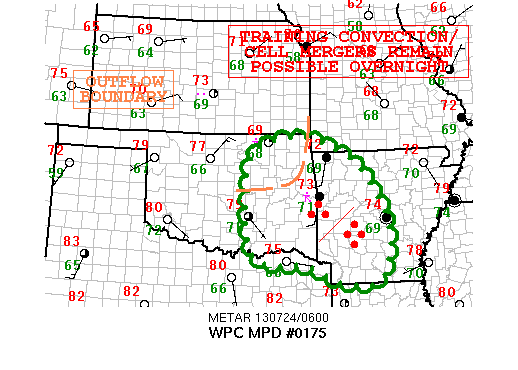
AREAS AFFECTED...EASTERN OK/WESTERN AR...

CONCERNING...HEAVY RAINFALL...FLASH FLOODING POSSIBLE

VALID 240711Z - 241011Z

SUMMARY...TRAINING CELLS/BACKBUILDING CONVECTION REMAIN POSSIBLE
ACROSS SECTIONS OF EASTERN OK/WESTERN AR DURING THE NEXT COUPLE OF
HOURS.

DISCUSSION...OVER THE COURSE OF THE LAST FEW HOURS...THE ONCE
SEPARATE REGIONS OF CONVECTION HAVE CONSOLIDATED INTO A COMPLEX OF
MODERATE TO HEAVY THUNDERSTORMS. THE MCS WHICH HAD BEEN OVER
CENTRAL KS HAS MERGED WITH THE QUASI-STATIONARY PRECIPITATION
ACROSS AR. WHILE THE MCS HAS AIDED IN DOWNSTREAM PROPAGATION OF
THE RAINFALL...THERE ARE STILL MANY ASPECTS OF MERGING CELLS NOTED
ON THE RADAR. CONCERN REMAINS IN SUCH PROCESSES CONTINUING AS
CLOUD TOPS HAVE SHOWN NO SIGNS OF WARMING JUST YET. WHILE
CONVECTIVE INHIBITION HAS BECOME PREVALENT DURING THE OVERNIGHT
COOLING PROCESSES...ENOUGH MUCAPE HAS BEEN AVAILABLE TO MAINTAIN
ELEVATED CONVECTION. OVERALL...THE GROUNDS REMAIN RATHER SATURATED
AS RADAR ESTIMATES SUGGEST A WIDESPREAD AREA OF 2 TO 4 INCHES OF
RAIN HAS FALLEN FROM SOUTH-CENTRAL KS DOWN ALONG THE OK/AR BORDER
SINCE 00Z. CURRENT RAIN RATES SUGGEST ANOTHER 1 TO 2 INCHES WITH
ISOLATED HIGHER AMOUNTS MAY BE POSSIBLE OVER THE AFFECTED REGION.